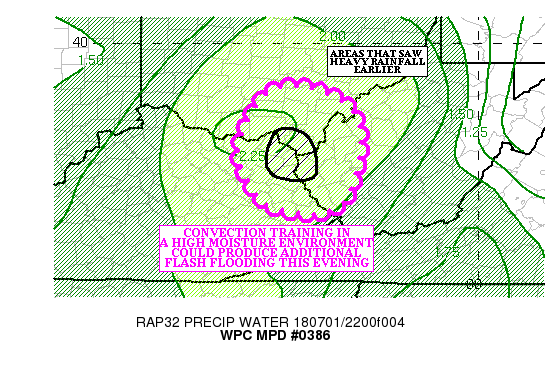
AREAS AFFECTED...EASTERN KY/WESTERN WV/SOUTHERN OH

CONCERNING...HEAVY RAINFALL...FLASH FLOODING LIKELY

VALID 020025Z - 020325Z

SUMMARY...CONVECTION TRAINING IN A HIGH MOISTURE ENVIRONMENT
ACROSS EASTERN KY INTO WESTERN WV/SOUTHERN OH COULD RESULT IN
ADDITIONAL FLASH FLOODING THIS EVENING.

DISCUSSION...ONGOING CONVECTION ACROSS EASTERN KY/WESTERN WV INTO
SOUTHERN OH HAS BEEN FOCUSED ON IN AN AXIS OF 1000-2000 J/KG
RUNNING THROUGH THE REGION. MOISTURE IS DEEP IN THE REGION...WITH
THE MOST RECENT RAP ANALYSIS SHOWING 2.25 INCH PRECIPITABLE WATER
AIR IN PLACE) WHICH IS BETWEEN TWO AND THREE STANDARD DEVIATIONS
ABOVE THE MEAN).

THE 850-300 MB MEAN WIND CONTINUES TO MOVE THE CONVECTION SLOWLY
NORTHWARD...THOUGH THE PROPAGATION VECTORS AREA WEAK...AS THE
CONVECTION REMAINS UNDER THE MID LEVEL RIDGE. IN THE NEAR
TERM...TRAINING OVER THE REGION IS EXPECTED THROUGH ABOUT
02/02Z...WHEN THE INSTABILITY IS EXPECTED TO BE EXHAUSTED. BEFORE
THAT TIME... ADDITIONAL CONVECTION CROSSING THE REGION FROM
EASTERN KY WILL POSE THE THREAT FOR ADDITIONAL FLOODING...AS LOCAL
2.00/3.00 INCH RAINFALL AMOUNTS ARE POSSIBLE. THESE AMOUNTS ARE
INDICATED BY THE MOST RECENT HRRR/EXPERIMENTAL HRRR...WHICH SHOWS
THE CONVECTION WEAKENING BETWEEN 02/02Z AND 02/03Z.